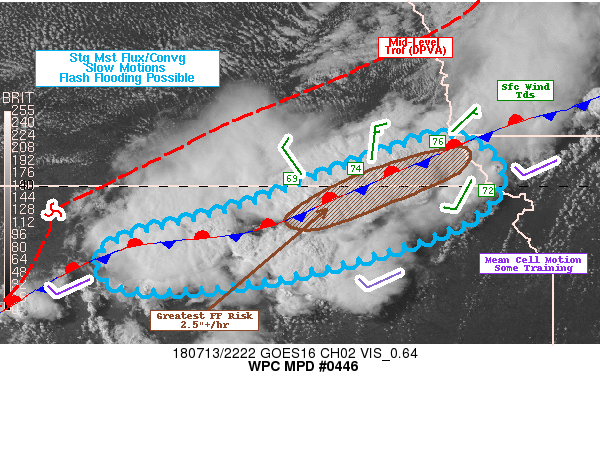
AREAS AFFECTED...NORTHERN AND NORTHEAST KS...EXT SOUTHEAST NEB...

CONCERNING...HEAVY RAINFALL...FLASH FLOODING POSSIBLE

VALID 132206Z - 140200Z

SUMMARY...RAPID DEVELOPMENT/MST ENVIRONMENT BUT SLOW MOTIONS
SUGGEST RATES OVER 2.5"/HR POSSIBLE LEADING TO POSSIBLE FLASH
FLOODING ON HARD PAN/HYDROPHOBIC SOIL CONDITIONS.

DISCUSSION...22Z SURFACE ANALYSIS DENOTES A VERY SHARP MST
CONVERGENCE GRADIENT ALONG THE FRONTAL BOUNDARY FROM OSBOURNE
COUNTY KS TO NEMAHA/RICHARDSON NEB.  UNCHARACTERISTICALLY THE
DEEPEST SFC MOISTURE WITH TDS IN THE MID TO UPPER 70S IS
ANAFRONTAL WITH STRONG 15-20KT WINDS CONVERGING TO WEAKER SFC FLOW
FROM THE SOUTH AND SOUTHWEST IN NORTH CENTRAL KS...WHERE TDS ARE
IN THE UPPER 60S. THE SOUTHERN AIRMASS SFC FIELDS ARE MORE MUDDLED
GIVEN EARLIER CONVECTION ACROSS NE KS AND OTHER OUTFLOWS BUT ABOVE
THE SFC 850MB FLOW IS FAIRLY STRONG AND NEAR DIRECTLY OPPOSED TO
850MB FLOW.  AS SUCH GOES-16 VISIBLE/IR SHOWS RAPID
COOLING/DEVELOPMENT WITH TOPS TO -75C QUICKLY.  WHILE LOW LEVEL
FLOW IS HIGHLY CONVERGENT...MID TO UPPER LEVEL FLOW QUICKLY VEERS
TO SOUTHWESTERLY AND IS WEAK ABOUT 5-15KTS FROM 7-3H...AS SUCH
CELLS WILL BE SLOW MOVING IF NOT STATIONARY ALLOWING FOR THAT
STRONG FLUX TO RAPIDLY RAIN OUT.  RATES IN EXCESS OF 2.5"/HR ARE
LIKELY WITH SOME 3-3.5"+ POSSIBLY  EXCEEDING THE 1HR FFG VALUES
(2-3" RANGE).  DRY CONDITIONS WOULD TYPICALLY BE A NEGATIVE FACTOR
BUT GIVEN THE LENGTH OF DROUGHT...HARD PAN/LESS PERMEABLE SOILS
MAY EXIST TO SHED A BULK OF THE RAIN QUICKLY FURTHER SUGGESTING
POSSIBLE FLASH FLOODING OVER THE NEXT HOUR TO TWO.  PROPAGATION
VECTORS SUPPORT SLOW SOUTHWARD ADVANCEMENT BUT WITH SOME CROSS
TRACKS FOR TRAINING MAY POSE SOME ADDITIONAL INCREASED TOTALS
ALONG THE AREA OF CONCERN.